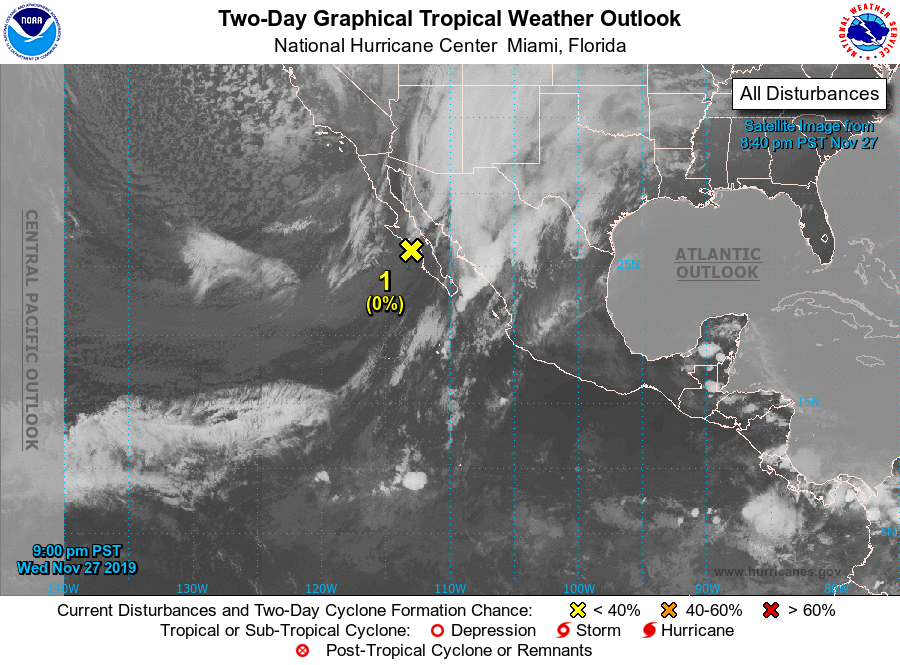
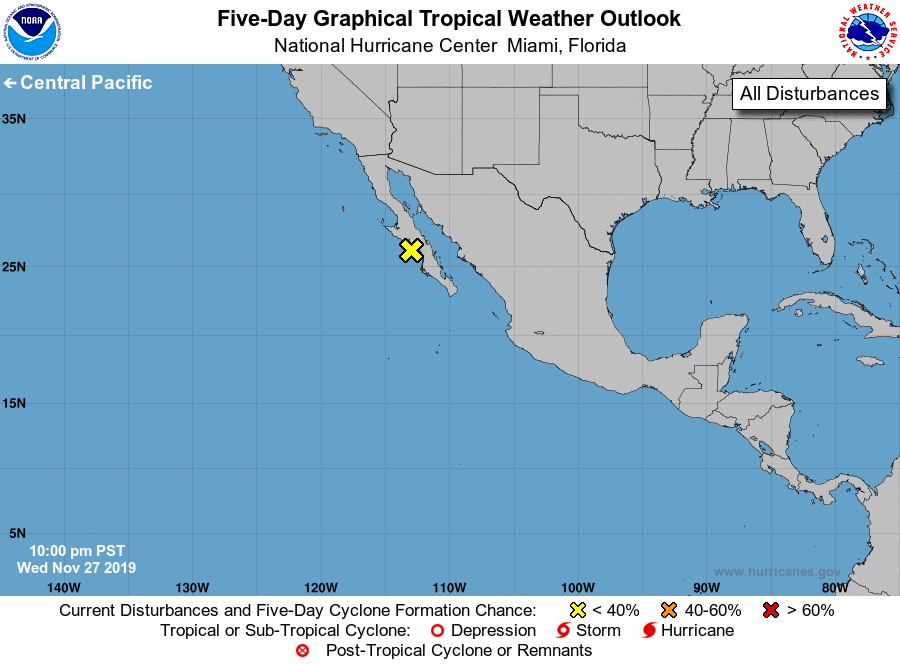
For the eastern North Pacific...east of 140 degrees west longitude:

1. A non-tropical area of low pressure approaching the south-central portion of the Baja California peninsula is producing a large area of disorganized showers and thunderstorms from northwestern Mexico southwestward to near the southern tip of Baja California. Although this system is not expected to become a tropical cyclone, it will continue produce heavy rains and gusty winds over portions of the Baja California peninsula, the Gulf of California, and northwestern Mexico through early Thursday. This rainfall could cause life-threatening flash floods and mudslides. For additional information on the rainfall threat in Mexico, please see products issued by the Mexican Weather Service. For information on marine hazards, see High Seas Forecasts issued by the National Weather Service.
* Formation chance through 48 hours...low...near 0 percent.
* Formation chance through 5 days...low...near 0 percent.

High Seas Forecasts issued by the National Weather Service can be found under AWIPS header NFDHSFEPI, WMO header FZPN02 KWBC, and on the web at ocean.weather.gov/shtml/NFDHSFEPI.php

Information on the rainfall threat in Mexico from CONAGUA can be found on the web at www.gob.mx/conagua

Forecaster Brown